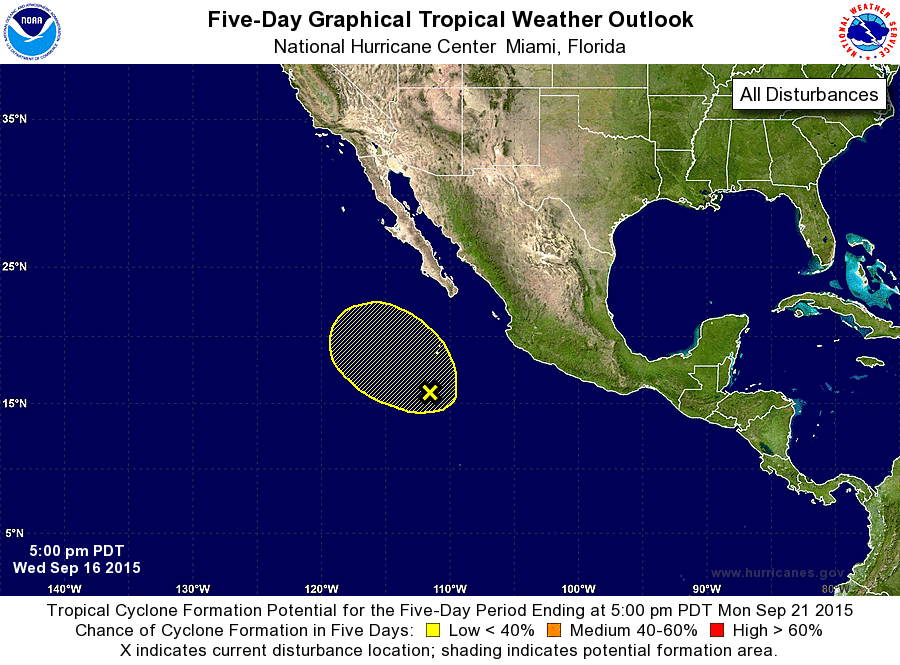
For the eastern North Pacific...east of 140 degrees west longitude:

1. A large area of disorganized cloudiness and thunderstorms located several hundred miles south of the southern tip of the Baja California peninsula is associated with a weak area of low pressure. Some gradual development of this system is possible by this weekend while it moves slowly west-northwestward or northwestward.
* Formation chance through 48 hours...low...10 percent
* Formation chance through 5 days...low...30 percent

Forecaster Brown